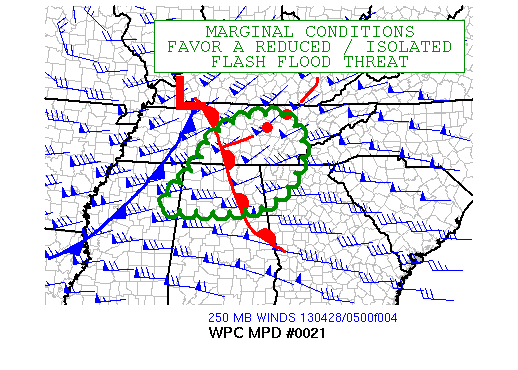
AREAS AFFECTED...SOUTHERN TENNESSEE...NORTHERN ALABAMA...FAR
NORTHWESTERN GEORGIA

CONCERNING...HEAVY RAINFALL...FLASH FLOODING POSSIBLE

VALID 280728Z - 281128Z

SUMMARY...INCREASING STORM MOTIONS AND A SHIFT OF
INSTABILITY/FORCING AWAY FROM SATURATED AREAS WILL LIMIT THE
POTENTIAL FOR ADDITIONAL FLASH FLOODING THIS MORNING.

DISCUSSION...EARLIER CONVECTIVE SYSTEM WHICH LED TO HEAVY RAIN AND
FLOODING IN TENNESSEE OCCURRED DURING FAVORABLE COUPLING OF A
BROAD LOW LEVEL JET WITH AN UPPER LEVEL SHORTWAVE TROUGH. MODELS
TEND TO BRING PRECIPITATION EASTWARD THROUGH THIS
MORNING...RAISING CONCERNS ABOUT THE REGION OF LOW FLASH FLOOD
GUIDANCE BETWEEN NASHVILLE AND KNOXVILLE WHICH RECEIVED 2-3 INCHES
OF RAIN ON SATURDAY.

MESO-ANALYSIS...HOWEVER...SUGGESTS THAT THE REGION WILL SEE
WIDESPREAD RAIN...BUT THAT THE POTENTIAL FOR PERSISTENT HEAVY RAIN
OVER ANY GIVEN LOCATION WILL BE LESSENED BY A FEW FACTORS. A WEDGE
OF DRIER MID LEVEL AIR AND MUCAPE VALUES LESS THAN 500 J/KG WERE
ANALYZED ACROSS EAST-CENTRAL TN. THIS WOULD SUGGEST PREFERENTIAL
REDEVELOPMENT ALONG THE TAIL END OF ONGOING CONVECTIVE
SYSTEM...WITH NEW DEVELOPMENT TOWARD THE SOUTH OF MURFREESBORO TN
AND INTO NORTHERN ALABAMA...AWAY FROM THE MOST SUSCEPTIBLE AREAS
INDICATED BY FLASH FLOOD GUIDANCE. OBSERVATIONS AND RAP FORECASTS
ALSO INDICATED AN UPPER LEVEL SHORTWAVE AND ASSOCIATED JET MAX
LIFTING AWAY FROM TN...RESULTING IN DIVERGENCE OF 850 MB WINDS
OVER THE REGION OF INTEREST. A SECOND UPPER LEVEL JET MAX AND
ASSOCIATED DIFLUENCE WAS MOVING INTO NORTHERN ALABAMA WHERE THE
NSSL WRF...SPC WRF...AND HIRES WRF-NMM INITIATE AN AXIS OF
MODERATE QPF. VEERED LOW LEVEL FLOW WILL FAVOR PROGRESSIVE
MOTION...AND THE HIRES MODEL QPF AMOUNTS...WHICH TEND TO RUN ON
THE HIGH SIDE...SUGGEST ONLY 1-2 INCHES OF RAIN AT MOST.